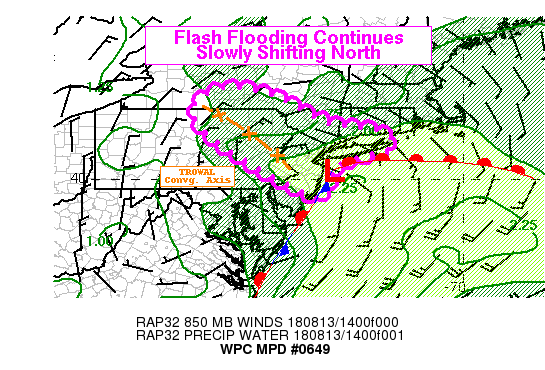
Areas affected...Northeast PA...Southern & Southeast NY...Northern
NJ...Southern CT...

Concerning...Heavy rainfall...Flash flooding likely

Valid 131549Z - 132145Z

SUMMARY...Persistent Strong and Moist Warm-air advection into
Mountainous Terrain Continues Severe Flash Flooding Event.  Deeper
Convection Rooted Nearer the Surface Also Supports Up to 2"/hr and
Likely Flash Flooding.

DISCUSSION...Goes-WV suite depicts center of strong upper low well
west over W PA with broad upper level divergent/diffluent pattern
over the Delaware River Valley.  This also supports a deepening
surface low in the Hudson Canyon Region offshore of NJ and S of
NYC metro.  The west to east vertical tilt of the cyclone supports
strong synoptic ascent and strong TROWAL from NYC across N NJ into
N Central PA/S Central NY, instability within the TROWAL supports
strong convective elements at best convergence points, near the
Surface Low nearing Sand Hook, NJ as well as near the 850mb low
inflection just NE of PA.  The strong convergence, access to
deeper instability near the warm sector/TROWAL supports rain rates
in excess of 2"/hr with slow motions, so totals of 2-4" are
likely.
This threat will expand into N NJ/Long Island, S New York and
possibly S CT over the next few hours.  The lack of instability
north of the warm front in CT may limit coverage and intensity,
though still possibly lead to flash flooding given urban
environment and rate of rainfall (cells will propagate west in
CT/LI ahead of the front, with some speed).

Given the orientation of the flow, the warm conveyor is well east
with a western branch supporting the TROWAL and deep moisture
flux.  Modest "cool" conveyor belt across Southern New England
into the Hudson Valley, also supports deepening the moisture and
supporting strong mst convergence overlapping with the 850-7H
TROWAL...currently across Steuben/Chemung, NY to a new developing
850mb low/triple point near Lehigh county, PA).  This low will
continue to track along the convergence band will very slow NNE
shift of the band with .5-1"/hr , compounding already ongoing
flooding in complex terrain.  Given the breadth of the swath of
heavy rain, nearly all rivers/drainage basins are filling, and
backing up at hydrological convergence points, further compounding
flash flooding with inundation/longer term rise flooding making it
quite severe across a large area.